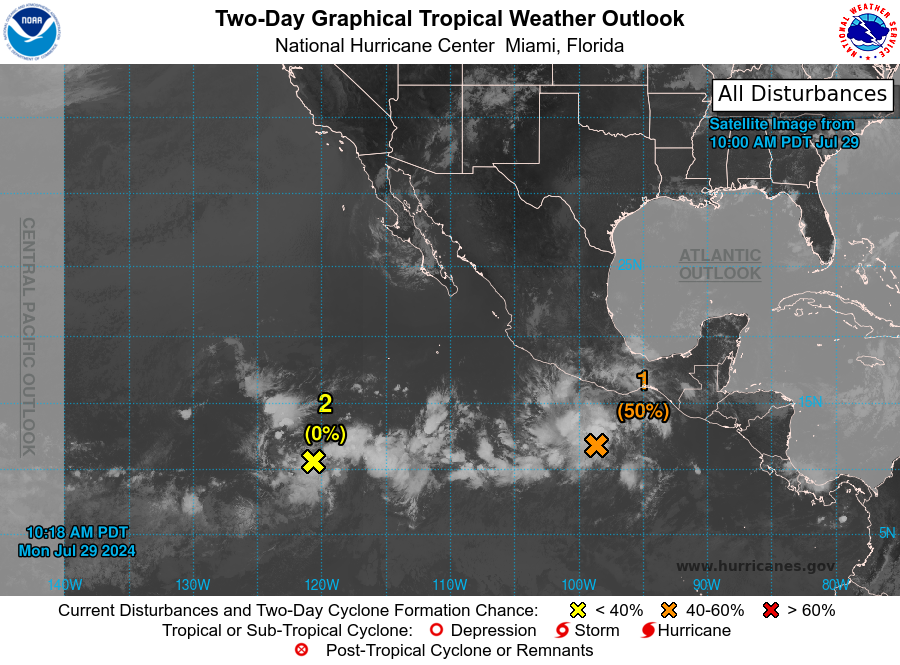
For the eastern North Pacific...east of 140 degrees west longitude:

1. South of Southern Mexico: An area of low pressure located a few hundred miles south of the southern coast of Mexico continues to produce an area of showers and thunderstorms. Recent scatterometer wind data depict that the circulation has become a little better defined today. Environmental conditions appear conducive for further development of this system, and a tropical depression is likely to form within the next few days. The system is forecast to move westward to west-northwestward at 10 to 15 mph during the next several days, remaining offshore of the southern coast of Mexico.
* Formation chance through 48 hours...medium...50 percent.
* Formation chance through 7 days...high...80 percent.

2. Western East Pacific: A tropical wave located well to the southwest of the southern tip of the Baja California Peninsula continues to produce disorganized showers and thunderstorms. Gradual development of this system is possible during the middle and latter parts of the week while it moves westward to west-northwestward at about 10 mph across the western portion of the basin.
* Formation chance through 48 hours...low...near 0 percent.
* Formation chance through 7 days...low...30 percent.

3. South of Central America and Southern Mexico: An area of low pressure is forecast to form offshore of the coast of Central America and southern Mexico later this week. Environmental conditions appear conducive for gradual development of this system, and a tropical depression could form towards the end of the week or this weekend. The system is forecast to move westward to west-northwestward at 10 to 15 mph during the next several days, remaining offshore.
* Formation chance through 48 hours...low...near 0 percent.
* Formation chance through 7 days...medium...50 percent.

Forecaster Kelly